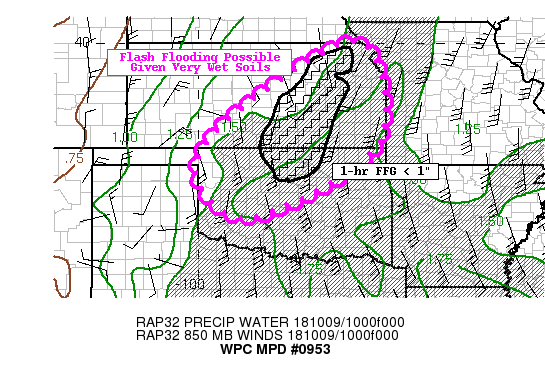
Areas affected...North Central OK....South Central KS

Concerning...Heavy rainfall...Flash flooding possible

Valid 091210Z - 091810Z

Summary...Widespread moderate to locally heavy rain will move into
areas with very wet antecedent conditions, possibly leading to
some flash flooding this morning.

Discussion...Latest water vapor imagery and 500 mb heights showed
the highly anomalous upper level low across New Mexico, with
several shortwaves lifting northward Texas into Oklahoma. A
surface front remains nearly stationary across portions of OK and
KS where a steady feed of very moist and unstable air has fueled
showers and thunderstorms over the past couple of days. Finally,
latest GOES-East imagery showed some cloud top cooling over OK,
suggesting that convection is deepening this morning.

A recent mesoanalysis shows the MUCAPE gradient extends as far
north as southern KS where between 500-1000 J/kg exist. Strong 850
mb flow within the corridor of PWATS 1.8" is impinging on the
front.

Over the next several hours, hi-res models suggest some uptick in
convection is possible as storms move into portions of OK and
south-central and eastern KS. Hourly totals of 1 to locally 1.5"
will be possible. The highest HREF probs for heavy rain are across
north-central OK into south-central KS.

Given the extremely wet antecedent conditions across portions of
the area, where 1-hr FFG is less than 0.5" in places, flash
flooding will be possible.